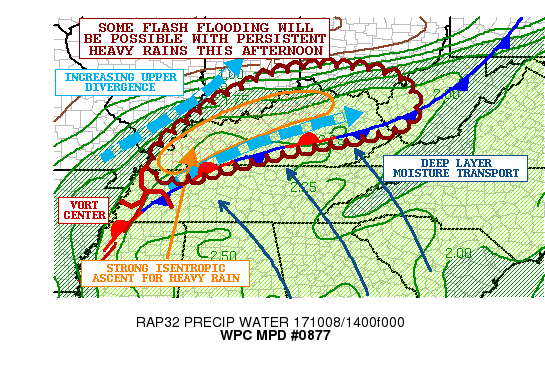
AREAS AFFECTED...SOUTHERN IN...SOUTHERN OH...SOUTHWEST
WV...KY...FAR NORTHWEST TN

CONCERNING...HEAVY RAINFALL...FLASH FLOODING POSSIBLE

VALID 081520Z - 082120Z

SUMMARY...HEAVY RAINS ARE EXPECTED THROUGH THE AFTERNOON HOURS.
GIVEN THE RATHER CONCENTRATED AND PERSISTENT NATURE OF THE
RAINFALL...SOME RUNOFF AND/OR FLASH FLOODING CONCERNS WILL BE
POSSIBLE.

DISCUSSION...DEEP LAYER SOUTH TO SOUTHEAST FLOW WELL NORTH OF T.D.
NATE IS TRANSPORTING COPIOUS AMOUNTS OF TROPICAL MOISTURE UP
ACROSS THE TN/OH RIVER VALLEYS WHERE IT IS INTERACTING WITH A
WELL-DEFINED FRONTAL ZONE DRAPED ACROSS THE REGION. CIRA-LPW DATA
THROUGH 12Z SHOWS A VERY DEEP COLUMN OF ENHANCED MOISTURE
CONCENTRATION...WITH PWATS OF 2.0 TO 2.3 INCHES...WHICH IS LOCALLY
OVER 3 SIGMAS ABOVE NORMAL FOR THIS TIME OF YEAR.

THE LOW LEVEL FLOW OVER THE BOUNDARY HAS STRENGTHENED OVER THE
LAST FEW HOURS RESULTING IN STRONG ISENTROPIC LIFT AND THUS AN
EXPANSION OF HEAVY RAINFALL NORTHWEST OF THE FRONT. SOME OF THE
HEAVIEST RAINFALL IS CURRENTLY NOTED OVER CENTRAL AND WESTERN KY
AND IS APPROACHING FAR SOUTHERN IN ACROSS THE OH RIVER. FARTHER
EAST...SOME HEAVIER RAINS ARE ALSO BEGINNING TO DEVELOP OVER
NORTHEAST KY AND SOUTHWEST WV.

OVER THE NEXT SEVERAL HOURS...EVEN STRONGER ISENTROPIC ASCENT IS
EXPECTED AS T.D. NATE LIFTS UP ACROSS SOUTHERN TN. THIS COUPLED
WITH FAVORABLE RIGHT-ENTRANCE REGION JET DYNAMICS/UPPER DIVERGENCE
OVER THE OH VALLEY AND PRESENCE OF A WEAK SHORTWAVE TROUGH/VORT
CENTER OVER WESTERN TN (AS SEEN IN NON-OPERATIONAL GOES-16 RGB
AIRMASS IMAGERY) SHOULD FOSTER WIDESPREAD HEAVY RAINFALL.

INSTABILITY IS HIGHLY LIMITED WHICH WILL HELP KEEP THE RAINFALL
RATES RELATIVELY LOW...BUT WITH WARM RAIN PROCESSES IN PLACE...THE
EXPECTATION IS FOR PERSISTENT AND HIGHLY EFFICIENT STRATIFORM
RAINFALL WITH RATES THAT COULD BE AS HIGH AS 0.75 INCHES/HR. A
CONSENSUS OF THE LATEST HRRR AND HRRRX GUIDANCE SUGGESTS AS MUCH
AS 2 TO 3 INCHES OF ADDITIONAL RAIN WITH ISOLATED HEAVIER TOTALS
THROUGH 21Z.

GIVEN SOME OF THE HEAVY RAINFALL THAT OCCURRED SINCE LAST
EVENING...THE SOIL CONDITIONS ARE LOCALLY NOW SATURATED...AND ANY
ADDITIONAL HEAVY RAINFALL MAY ENCOURAGE SOME RUNOFF AND/OR FLASH
FLOODING CONCERNS.